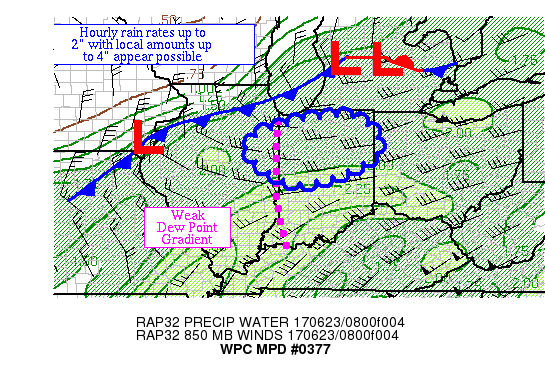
AREAS AFFECTED...NORTHEAST IL AND NORTH-CENTRAL IN

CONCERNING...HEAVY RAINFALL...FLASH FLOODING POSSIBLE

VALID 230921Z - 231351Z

SUMMARY...THUNDERSTORMS ARE SHOWING SOME TRAINING AND BACKBUILDING
CHARACTER ACROSS NORTH-CENTRAL IN.  HOURLY RAIN RATES UP TO 2"
WITH LOCAL AMOUNTS TO 4" ARE POSSIBLE.

DISCUSSION...THUNDERSTORMS ARE TRAINING/BACKBUILDING DOWNWIND OF
AN INSTABILITY POOL TO A WEAK DEW POINT GRADIENT ALONG THE IN/IL
BORDER, WHILE OTHER ACTIVITY IS BUILDING TO ITS WEST AND NORTH.  A
JET STREAK ALOFT FROM TROPICAL DEPRESSION CINDY ALONG WITH AN
INCOMING SHORTWAVE MOVING ACROSS WESTERN WI ARE HELPING DIVERGENCE
ALOFT IN THIS REGION.  PRECIPITABLE WATER VALUES ARE 1.75-2".
INFLOW AT 850 HPA IS CONVERGENT AT 30-35 KTS PER VAD WIND
PROFILES.  EFFECTIVE BULK SHEAR IS ~25 KTS WHICH WHEN COMBINED
WITH NEARLY UNIDIRECTIONAL FLOW WITH HEIGHT IS ORGANIZING
CONVECTION INTO A BAND.  MUCAPE VALUES OF 1000+ J/KG LIE ACROSS IL.

THIS ACTIVITY LIES WELL AHEAD OF A FRONTAL BOUNDARY WHICH SHOULD
INTERACT/POSSIBLY MERGE WITH CONVECTION FROM THAT BOUNDARY AFTER
13Z.  ACTIVITY SHOULD INCREASE IN COVERAGE OVER THE NEXT SEVERAL
HOURS IN THE MEANTIME, WITH RADAR AND SATELLITE TRENDS SUGGESTING
SOME ADDITIONAL NORTHWARD EXPANSION IS POSSIBLE.  SLIGHT VEERING
WITH TIME SHOULD ALLOW FOR SOME SOUTHWARD DRIFT OVER THE NEXT
SEVERAL HOURS.  WHILE THE MESOSCALE GUIDANCE HAS A SIGNAL FOR
RAINFALL NEAR HERE, THE MAGNITUDE OF THE THREAT APPEARS TO BE
HIGHER THAN ADVERTISED.  HOURLY RAIN RATES UP TO 2" AND LOCAL
AMOUNTS UP TO 4" APPEAR POSSIBLE.  THE UNCERTAINTY ACROSS THE
REGION ALONG WITH RELATIVELY HIGH FLASH FLOOD GUIDANCE VALUES KEPT
THE CATEGORY AS POSSIBLE.